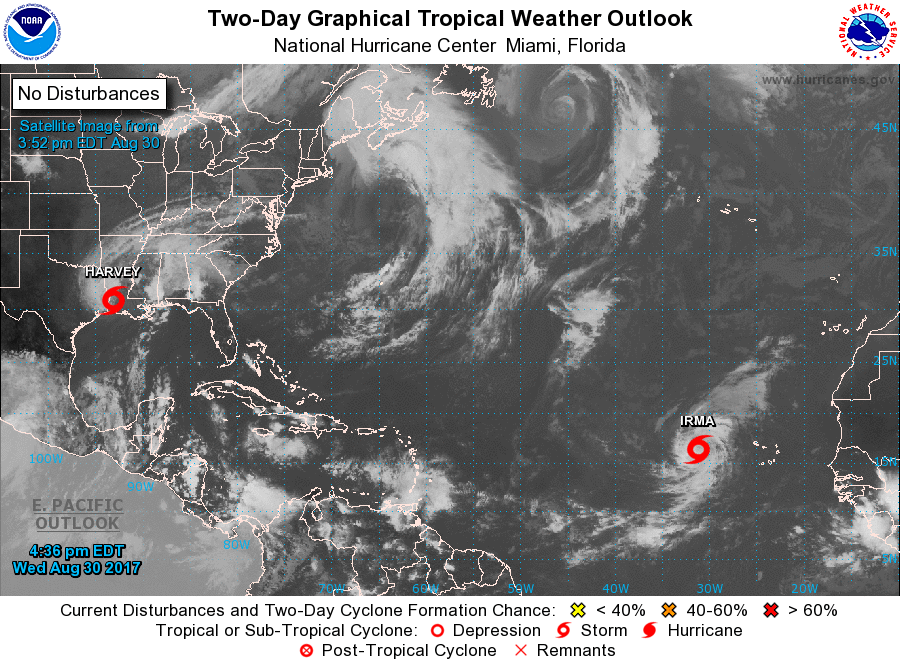
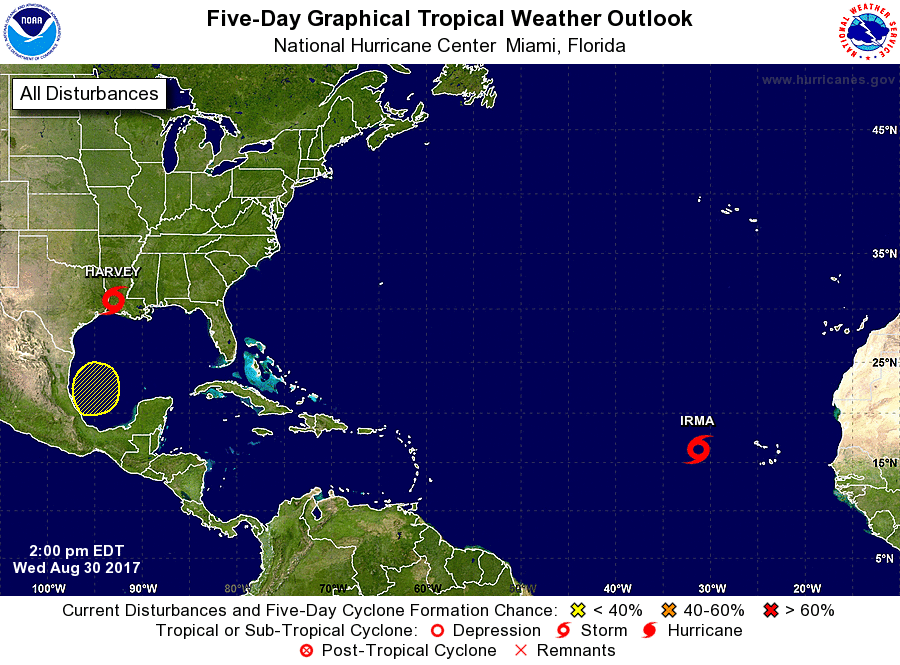
For the North Atlantic...Caribbean Sea and the Gulf of Mexico:

The National Hurricane Center is issuing advisories on Tropical Storm Harvey, located over southwestern Louisiana and on newly formed Tropical Storm Irma, located over the eastern Atlantic Ocean.

1. An area of low pressure could form over the southwestern Gulf of Mexico by the weekend. Development, if any, of this system is expected to be slow to occur as the low moves slowly northward. If this system does develop, it could bring additional rainfall to portions of the Texas and Louisiana coasts. However, any rainfall forecast is uncertain at this time range and it is too soon to determine any specific impacts. Interests in these areas should monitor the progress of this system for the next few days.
* Formation chance through 48 hours...low...near 0 percent.
* Formation chance through 5 days...low...20 percent.

Public Advisories on Irma are issued under WMO header WTNT31 KNHC and under AWIPS header MIATCPAT1. Forecast/Advisories on Irma are issued under WMO header WTNT21 KNHC and under AWIPS header MIATCMAT1.

Forecaster Blake